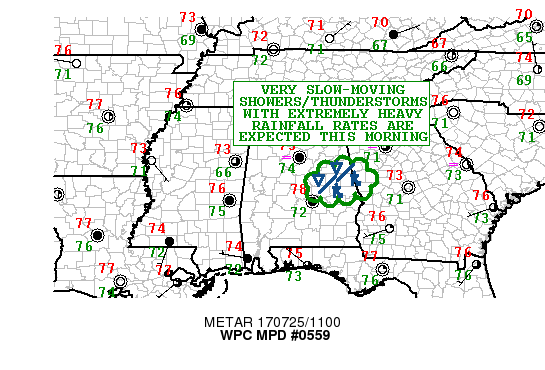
AREAS AFFECTED...EAST-CENTRAL AL...FAR WESTERN GA

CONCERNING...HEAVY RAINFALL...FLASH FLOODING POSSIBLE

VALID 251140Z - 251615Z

SUMMARY...VERY SLOW-MOVING SHOWERS AND THUNDERSTORMS WITH
EXTREMELY HEAVY RAINFALL ARE EXPECTED OVER THE NEXT FEW HOURS.
SOME FLASH FLOODING IS POSSIBLE.

DISCUSSION...THE LATEST EXPERIMENTAL GOES-16 10.3 MICRON/IR DATA
SHOWS A RATHER WELL-DEFINED LOW TO MID LEVEL MCV MOVING VERY
SLOWLY EAST ACROSS CENTRAL AL AT THIS TIME. OVER THE LAST HOUR
THERE HAS BEEN DEVELOPMENT AND EXPANSION OF COOLING CONVECTIVE
TOPS OVER EAST-CENTRAL AL AND ESPECIALLY IN VICINITY OF TALLAPOOSA
COUNTY.

THE CONVECTION IS DEVELOPING AROUND THE NORTHEAST FLANK OF THE MCV
AND IS EMBEDDED WITHING A CONFLUENT AND VERY MOIST LOW LEVEL FLOW
REGIME AS WELL. THE PWATS ACROSS THE REGION ARE NEAR 2.25
INCHES...AND WITH HIGHLY CONCENTRATED MOISTURE DEEP THROUGH THE
COLUMN...THE RAINFALL RATES WILL BE EXTREMELY HEAVY...AND PERHAPS
EXCEEDING 2.5 INCHES/HR.

THE LATEST HRRR SUGGESTS SOME 3 TO 4 INCH AMOUNTS ON A VERY SMALL
SCALE...BUT WITH THE SLOW MOVEMENT AND SUCH HIGH RAINFALL
RATES...THESE TOTALS MAY BE UNDERDONE. EXPECT SOME FURTHER
EXPANSION OF THE CONVECTION OVER THE NEXT FEW HOURS WITH THE
POTENTIAL FOR LOCALLY AS MUCH AS 5 INCHES THROUGH LATE MORNING.
SOME FLASH FLOODING WILL BE POSSIBLE AS A RESULT.